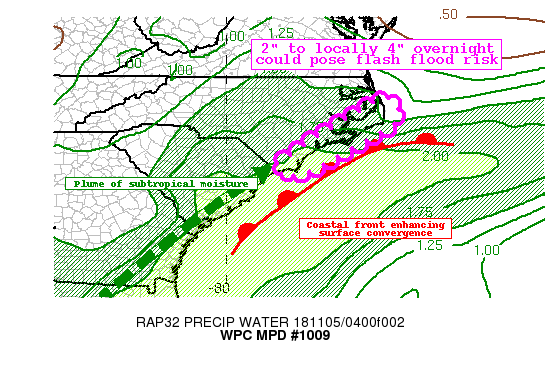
Areas affected...Coastal North Carolina

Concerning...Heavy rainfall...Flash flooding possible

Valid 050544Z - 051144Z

Summary...Moderate to locally heavy rain overnight focused on the
North Carolina coastline could lead to flash flooding.

Discussion...Latest water vapor imagery and 500 mb heights showed
a pronounced shortwave over southeast Wisconsin with a secondary
wave across southeastern Kentucky. A plume of subtropical moisture
has been advecting northeastward ahead of this feature, evident by
the blended TPW product showing a steady increase since earlier
this evening. 00z JAX sounding indicated PWATs of around 2" was
common in the region, which is 2-3 SD above normal. Finally, a
coastal front has been pushing closer to the coastline of SC/NC,
which is introducing a narrow corridor of instability with little
to no CIN along the immediate coast. A recent RAP mesoanalysis
shows SBCAPE of 300-500 J/kg.

Over the next several hours, a focused and narrow area of heavy
rainfall is possible along the NC coastline. The last several runs
of the HRRR (along with other hi-res models) suggest potential for
2" (locally up to 4") possible through around 12z. Most of the
heaviest rain is likely to stay right along the coast of southeast
NC into the Outer Banks region.

Mitigating factors limiting the confidence for more widespread
flooding concerns is the higher FFGs (1-hr around 2-2.5") and
somewhat drier than normal conditions the last 7 days.
Nonetheless, sensitive and urban areas with poor drainage impacted
by these intense rainfall rates could be susceptible to flash
flooding.